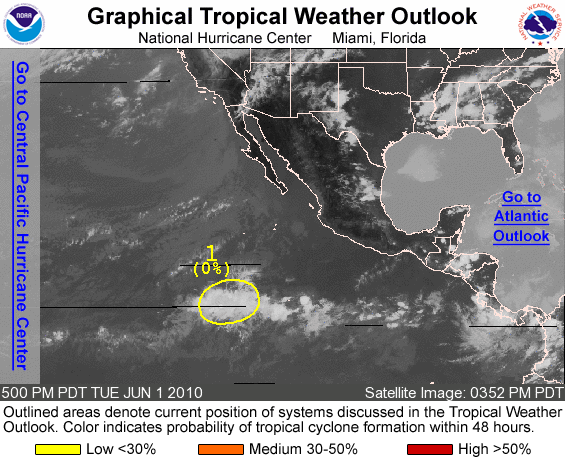
FOR THE EASTERN NORTH PACIFIC...EAST OF 140 DEGREES WEST LONGITUDE..

1. SHOWERS AND THUNDERSTORMS ASSOCIATED WITH A BROAD AREA OF LOW PRESSURE LOCATED ABOUT 1000 MILES SOUTH-SOUTHWEST OF THE SOUTHERN TIP OF BAJA CALIFORNIA HAVE BECOME DISORGANIZED...AND

TROPICAL CYCLONE FORMATION IS NOT EXPECTED. THERE IS A LOW CHANCE...NEAR 0 PERCENT...OF THIS SYSTEM BECOMING A TROPICAL CYCLONE DURING THE NEXT 48 HOURS.

ELSEWHERE...TROPICAL CYCLONE FORMATION IS NOT EXPECTED DURING THE NEXT 48 HOURS.

FORECASTER BRENNAN